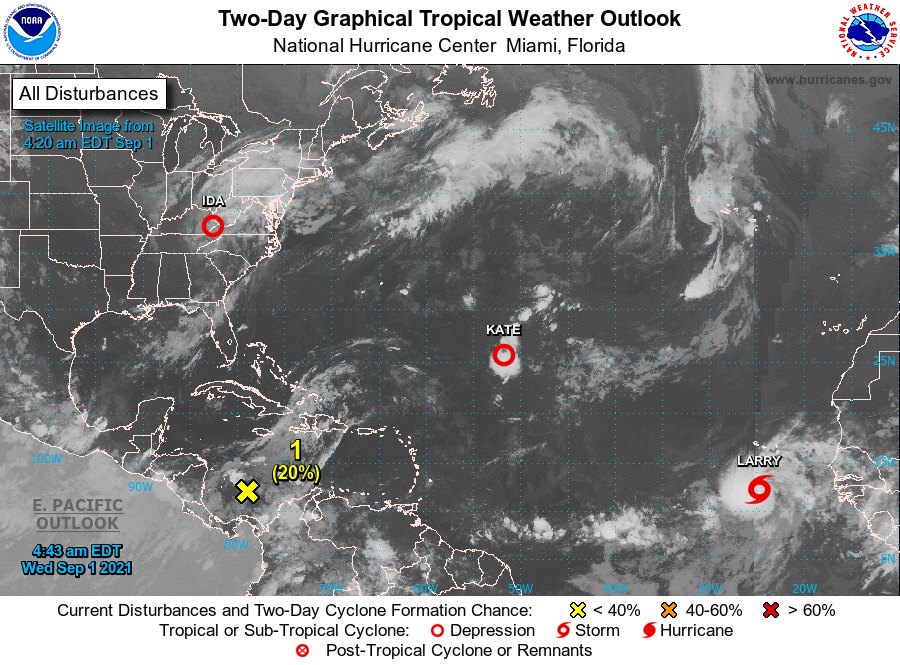
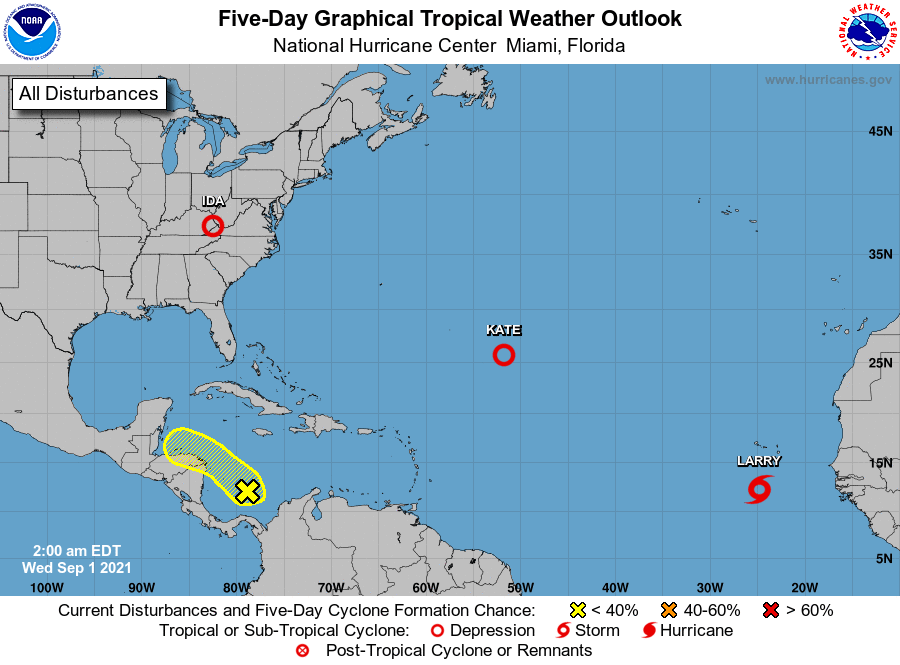
For the North Atlantic...Caribbean Sea and the Gulf of Mexico:

The National Hurricane Center is issuing advisories on Tropical Depression Kate, located over the central Atlantic and on Tropical Depression Twelve, located over the far eastern tropical Atlantic.

The Weather Prediction Center is issuing Public Advisories on Tropical Depression Ida, located over eastern Tennessee.

1. A broad area of low pressure is producing disorganized shower activity over the southwestern Caribbean Sea. Some slow development of this system is possible over the next couple of days while it moves westward or west-northwestward at 5 to 10 mph toward Central America. Thereafter, land interaction with Central America and the Yucatan Peninsula of Mexico will likely limit further development of this system. Regardless of development, heavy rains are possible across portions of Central America and the Yucatan Peninsula late this week and this weekend.
* Formation chance through 48 hours...low...20 percent.
* Formation chance through 5 days...low...20 percent.

Public advisories issued by the Weather Prediction Center on Tropical Depression Ida can be found under AWIPS header TCPAT4, WMO header WTNT34 KWNH, and on the web at http://www.wpc.ncep.noaa.gov

Public Advisories on Tropical Depression Twelve are issued under WMO header WTNT32 KNHC and under AWIPS header MIATCPAT2. Forecast/Advisories on Tropical Depression Twelve are issued under WMO header WTNT22 KNHC and under AWIPS header MIATCMAT2.

Forecaster Stewart